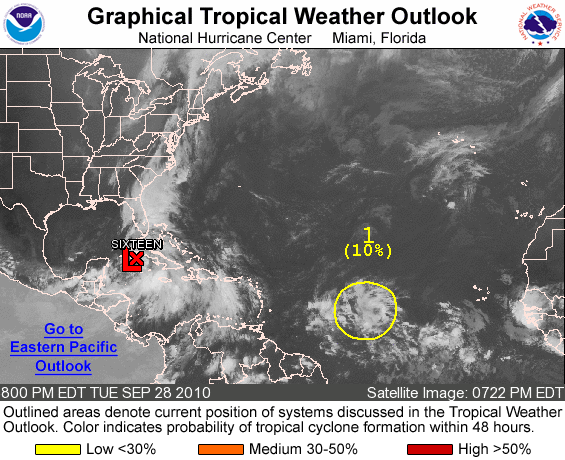
FOR THE NORTH ATLANTIC...CARIBBEAN SEA AND THE GULF OF MEXICO...

THE NATIONAL HURRICANE CENTER IS ISSUING ADVISORIES ON TROPICAL DEPRESSION SIXTEEN...LOCATED ABOUT 110 MILES SOUTH-SOUTHEAST OF HAVANA CUBA.

1. A TROPICAL WAVE OVER THE CENTRAL ATLANTIC LOCATED ABOUT 1210 MILES EAST OF THE WINDWARD ISLANDS IS PRODUCING LIMITED SHOWERS AND THUNDERSTORMS. DEVELOPMENT...IF ANY...OF THIS SYSTEM IS EXPECTED TO BE SLOW TO OCCUR AS IT MOVES WESTWARD TO WEST-NORTHWESTWARD AT 15 TO 20 MPH. THERE IS A LOW CHANCE...10 PERCENT...OF THIS SYSTEM BECOMING A TROPICAL CYCLONE DURING THE NEXT 48 HOURS.

ELSEWHERE...TROPICAL CYCLONE FORMATION IS NOT EXPECTED DURING THE NEXT 48 HOURS.

PUBLIC ADVISORIES ON TROPICAL DEPRESSION SIXTEEN ARE ISSUED UNDER WMO HEADER WTNT31 KNHC AND UNDER AWIPS HEADER MIATCPAT1. FORECAST/ADVISORIES ON TROPICAL DEPRESSION SIXTEEN ARE ISSUED UNDER WMO HEADER WTNT21 KNHC AND UNDER AWIPS HEADER MIATCMAT1.

FORECASTER ROBERTS/BEVEN